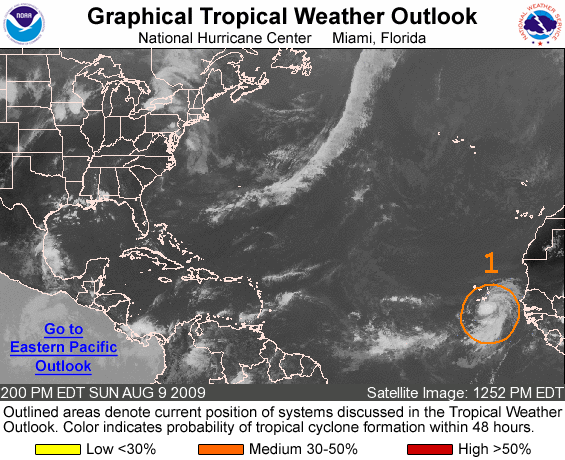
FOR THE NORTH ATLANTIC...CARIBBEAN SEA AND THE GULF OF MEXICO...

1. AN AREA OF LOW PRESSURE...ASSOCIATED WITH A TROPICAL WAVE...IS CENTERED JUST TO THE SOUTHEAST OF THE SOUTHERN CAPE VERDE ISLANDS AND CONTINUES TO SHOW SOME SIGNS OF ORGANIZATION. CONDITIONS APPEAR FAVORABLE FOR THIS SYSTEM TO BECOME A TROPICAL DEPRESSION DURING THE NEXT COUPLE OF DAYS AS IT MOVES GENERALLY WESTWARD AT 10 TO 15 MPH. THERE IS A MEDIUM CHANCE...30 TO 50 PERCENT...OF THIS SYSTEM BECOMING A TROPICAL CYCLONE DURING THE NEXT 48 HOURS. REGARDLESS OF DEVELOPMENT...SHOWERS AND THUNDERSTORMS WITH LOCALLY GUSTY WINDS COULD AFFECT PORTIONS OF THE CAPE VERDE ISLANDS OVER THE NEXT DAY OR SO.

ELSEWHERE...TROPICAL CYCLONE FORMATION IS NOT EXPECTED DURING THE NEXT 48 HOURS.

FORECASTER BERG/PASCH